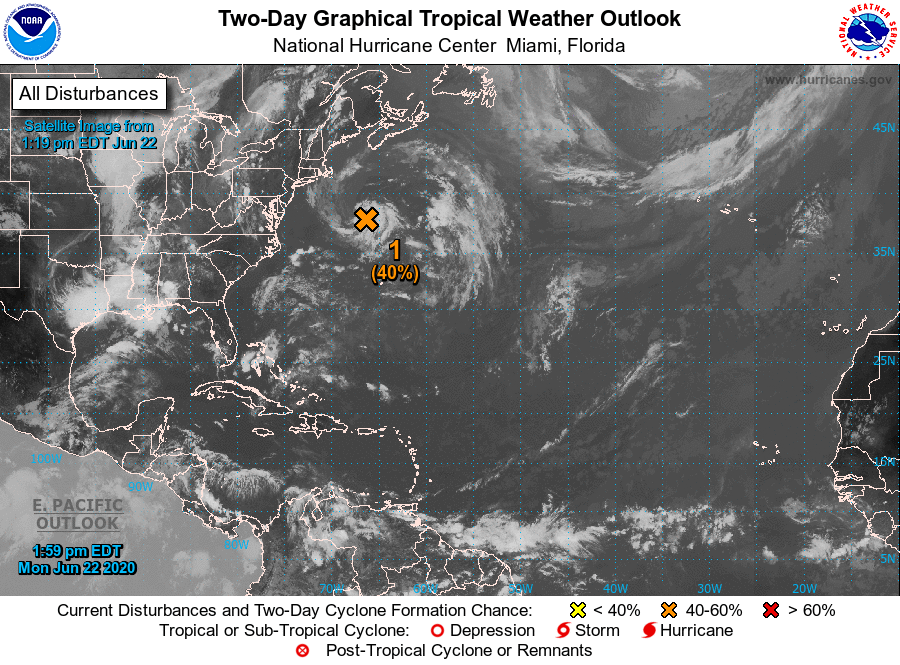
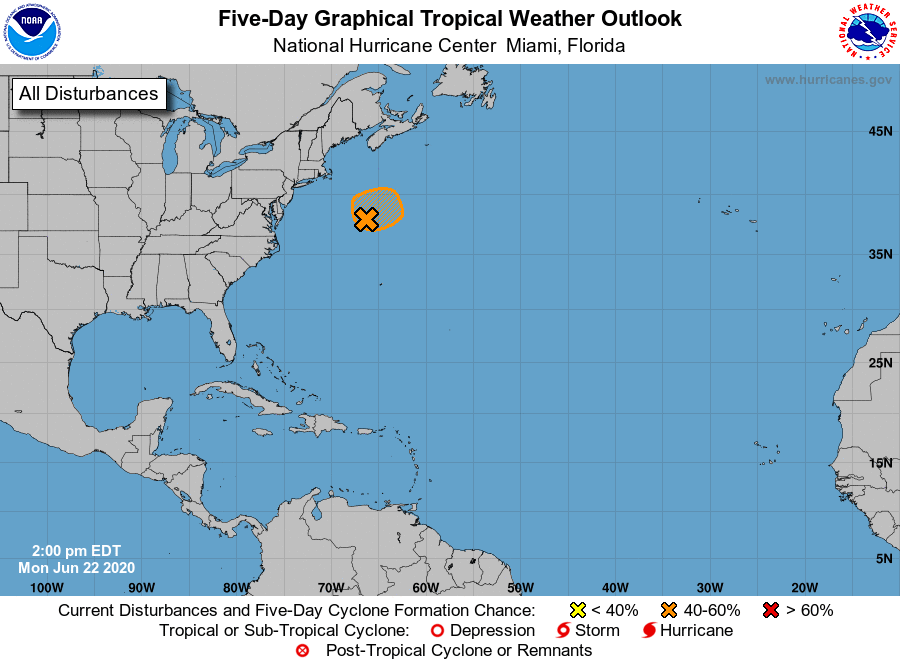
For the North Atlantic...Caribbean Sea and the Gulf of Mexico:

1. Shower and thunderstorm activity associated with a well-defined low pressure system located about 320 miles southeast of Cape Cod, Massachusetts, has become better organized today. The low is moving slowly eastward over the warm waters of the Gulf Stream, and if this recent development trend continues, then a short-lived subtropical depression or subtropical storm could form later today or tonight. The system is expected to weaken as it moves over cold waters by late Tuesday.
* Formation chance through 48 hours...medium...40 percent.
* Formation chance through 5 days...medium...40 percent.

Forecaster Stewart